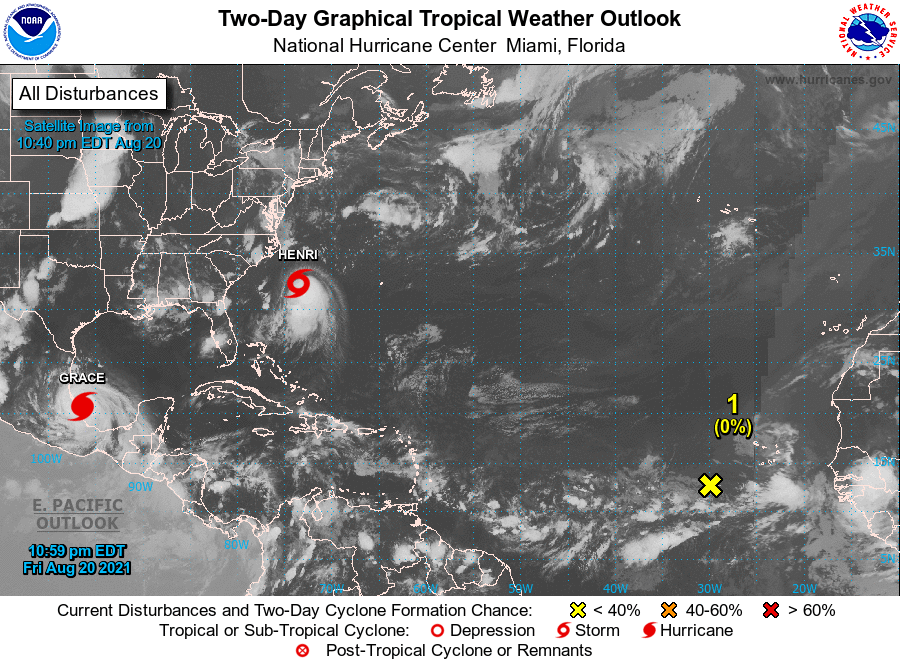
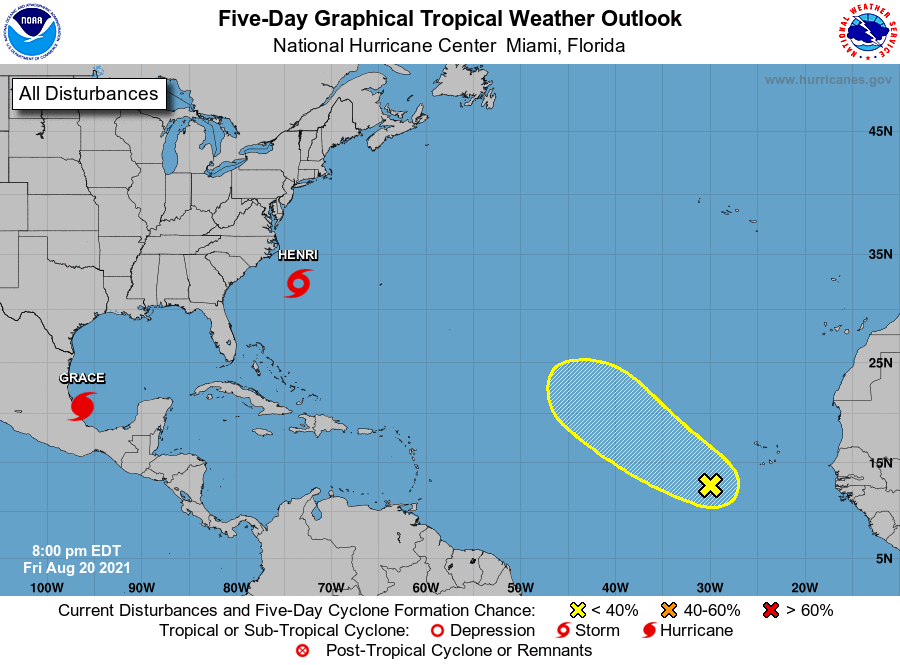
For the North Atlantic...Caribbean Sea and the Gulf of Mexico:

The National Hurricane Center is issuing advisories on Hurricane Grace, located over the Bay of Campeche, and on Tropical Storm Henri, located a few hundred miles south-southeast of Cape Hatteras, North Carolina.

1. A tropical wave located over the eastern Atlantic several hundred miles to the southwest of the Cabo Verde Islands is producing a broad area of disorganized showers and thunderstorms. This wave is expected to interact with another wave emerging off the African coast over the next day or two. Afterwards, environmental conditions appear marginally favorable for some slow development by the beginning of next week as this system moves gradually to the northwest at 5 to 10 mph.
* Formation chance through 48 hours...low...near 0 percent.
* Formation chance through 5 days...low...20 percent.

Forecaster Beven